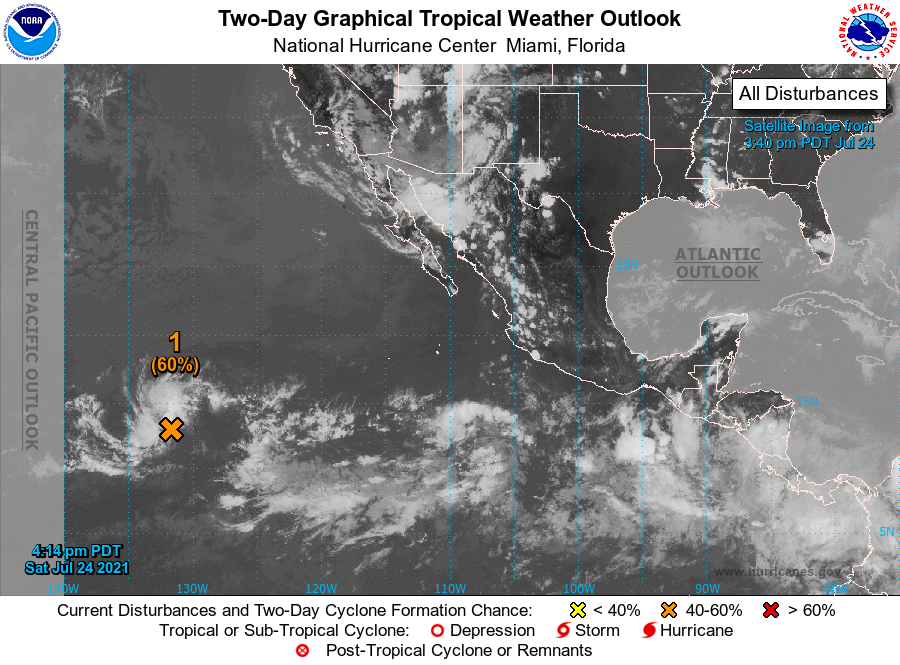
For the eastern North Pacific...east of 140 degrees west longitude:

1. A broad area of low pressure located about 1600 miles west- southwest of the southern tip of the Baja California peninsula continues to show signs of organization. Environmental conditions are forecast to be conducive for further development, and this system could become a tropical depression later this weekend or early next week before reaching cooler waters while moving westward at 10 to 15 mph.
* Formation chance through 48 hours...medium...60 percent.
* Formation chance through 5 days...medium...60 percent.

2. An area of low pressure could form a few hundred miles south or southeast of the Gulf of Tehuantepec in a few days. Some gradual development is possible thereafter through the middle of next week while the system moves generally parallel to, but offshore of, the coast of southern Mexico.
* Formation chance through 48 hours...low...near 0 percent.
* Formation chance through 5 days...low...20 percent.

Forecaster Blake